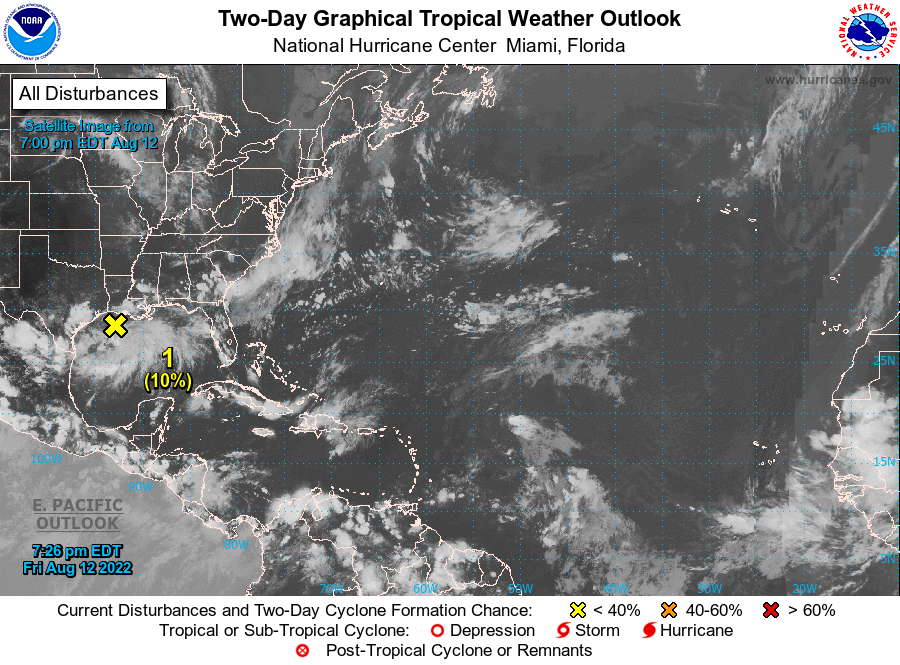
For the North Atlantic...Caribbean Sea and the Gulf of Mexico:

1. Northwestern Gulf of Mexico: Showers and thunderstorms remain disorganized in association with a trough of low pressure located over the northwestern Gulf of Mexico. Development of this system, if any, is expected to be slow to occur while it moves slowly west-southwestward at 5 to 10 mph, approaching the Texas coast tonight and Saturday, and moving inland over southern Texas on Sunday. Regardless of development, locally heavy rains are possible along portions of the Texas coast through the weekend. For more information about the potential for heavy rainfall, please see products issued by your local National Weather Service office and the Weather Prediction Center. An Air Force Reserve Hurricane Hunter aircraft is scheduled to investigate this system on Saturday, if necessary.
* Formation chance through 48 hours...low...10 percent.
* Formation chance through 5 days...low...10 percent.

For more information on the system, see products issued by the National Weather Service at weather.gov and wpc.ncep.noaa.gov

Forecaster Berg